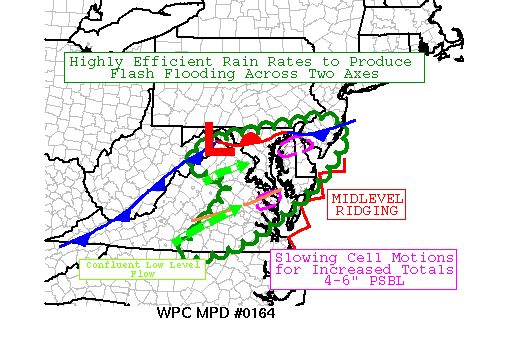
AREAS AFFECTED...MARYLAND...DELAWARE...SOUTHERN NEW
JERSEY...DISTRICT OF COLUMBIA...NORTHERN AND EASTERN VIRGINIA

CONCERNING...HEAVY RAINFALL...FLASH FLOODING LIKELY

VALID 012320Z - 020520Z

SUMMARY...CONVECTIVE EVOLUTION CONTINUES TO REMAIN CONSISTENT WITH
PRIOR MPD. TRAINING/BACKBUILDING WITH HIGHLY EFFICIENT RAIN
PRODUCTION BEGINNING TO FOCUS INTO HIGHER IMPACT FLASH FLOODING.

DISCUSSION...TWO AREAS OF HIGHEST CONCERN ARE EVOLVING INTO A MORE
FOCUSED HEAVY RAINFALL THREAT FROM 00-06Z. HIGHLY UNSTABLE
ENVIRONMENT SOUTH OF THE STATIONARY FRONT MOVING OUT OF
PENNSYLVANIA IS OVERTURNING FROM THE NORTHERN VIRGINIA FRONT RANGE
ACROSS CENTRAL MARYLAND CONNECTING UP TO ONGOING CONVECTION ACROSS
THE NORTHERN DELMARVA INTO SOUTHERN NEW JERSEY.  LOW LEVEL FLOW IS
BEGINNING TO VEER PER VWP ALLOWING FOR CELL MOTION VECTORS TO
ALIGN PARALLEL TO THE FRONTAL BOUNDARY. THIS SHOULD SUPPORT A
TRAINING AXIS FROM THE DISTRICT TOWARD CENTRAL DELAWARE
POTENTIALLY INTO SOUTHERN NEW JERSEY.  WV LOOP SHOWS SIGNIFICANT
MID-LEVEL RIDGE AXIS PARALLEL TO THE COAST.  THIS IS AFFECTING
FORWARD PROPAGATION OF THE CELLS SO SLOWER CELL MOTIONS AT 2"/HR
RATES FOR 2-3 HOURS WILL BE POSSIBLE IN LOCALIZED AREA.

FURTHER SOUTH...A WEAK CONFLUENCE BOUNDARY COULD BE SEEN IN 850MB
ANALYSIS ACROSS CENTRAL VIRGINIA THROUGH THE NORTHERN NECK INTO
THE MARYLAND PORTION OF THE DELMARVA.  VISIBLE LOOP SHOWED THE
DEEP CONVECTION DEVELOPING AND EXPANDING ALONG THE LINE...IN A
SIMILAR VAIN AS ABOVE...THE CONFLUENCE OF FLOW THAT LEAD TO THE
MOISTURE CONVERGENCE TO DEVELOP THE CONVECTION IS CURRENTLY
VEERING TO BE MORE WEST-SOUTHWESTERLY AT 15-20 KTS OR GENERALLY
THE SAME AS THE CLOUD BARING LAYER WINDS...AGAIN SUPPORTING
TRAINING.  DUE TO THE MID-LEVEL RIDGE...CELL MOTIONS WILL SLOW AND
AREA OF MAX TOTALS WILL FOCUS NEAR THE NORTHERN AND CENTRAL NECK
OF EASTERN VIRGINIA.  THIS IS VERY CONSISTENT WITH 12Z ARW AND
RECENT HRRR RUNS...AND THOUGH FLASH FLOOD GUIDANCE IS HIGHER THE
RATES AND POTENTIALLY THE DURATION MAY OVERWHELM THEM.